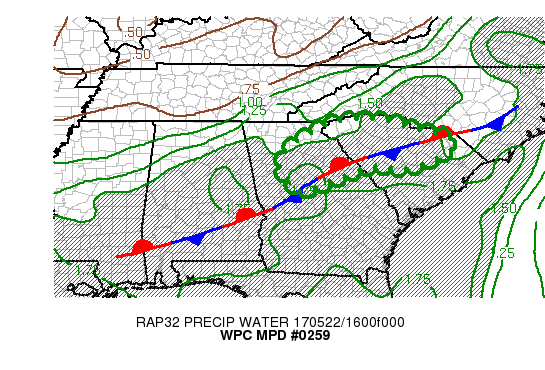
AREAS AFFECTED...NORTHERN GA...NW SC

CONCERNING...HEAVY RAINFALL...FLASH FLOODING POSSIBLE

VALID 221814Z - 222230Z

SUMMARY...CONVECTIVE STORMS BECOMING MORE ORGANIZED ACROSS
NORTHERN GA INTO SC COULD PRODUCE HEAVY ENOUGH RAIN TO RESULT IN
LOCAL FLASH FLOODING.

DISCUSSION...RADAR IMAGERY SHOWS CONVECTIVE STORMS BECOMING MORE
ORGANIZED ACROSS NORTHERN GA INTO NORTHWEST SC ALONG A STATIONARY
FRONTAL BOUNDARY. PWATS IN THE REGION ARE GENERALLY 1.5-2.0" WITH
MUCAPE IN THE 1500-2500 J/KG RANGE. BULK SHEAR IS AROUND 30
KT...SUGGESTING THAT THE STORMS WILL CONTINUE TO BECOME MORE
ORGANIZED OVER THE NEXT FEW HOURS.

THE REGION SHOULD CONTINUE TO SHIFT SLOWLY EAST-NORTHEAST ALONG
THE FRONTAL BOUNDARY FOR THE NEXT SEVERAL HOURS. CONTINUED HIGH
PWATS AND INSTABILITY...DAYTIME HEATING AND BULK SHEAR ALL
INDICATE THAT CONVECTION SHOULD INCREASE IN COVERAGE OVER THE AREA
AND BECOME MORE ORGANIZED. IN ADDITION A MINOR UPPER SHORTWAVE
APPROACHING FROM THE WEST SHOULD HELP INCREASE DIFFLUENCE ALOFT.

FFG VALUES ARE MAINLY 2-3" ACROSS THE THREAT AREA...WITH GENERALLY
LOWER VALUES TO THE NORTH AND HIGHER VALUES TO THE SOUTH. TOTAL
RAINFALL AMOUNTS SHOULD LOCALLY EXCEED THE 3-HOUR FFG VALUES.

HIRES MODELS DO NOT SEEM TO HAVE A GREAT DEPICTION OF THIS AREA OF
CONVECTION...BUT IN GENERAL THEY SUPPORT TOTAL RAINFALL AMOUNTS
LOCALLY EXCEEDING 3" DURING THE NEXT FEW HOURS.